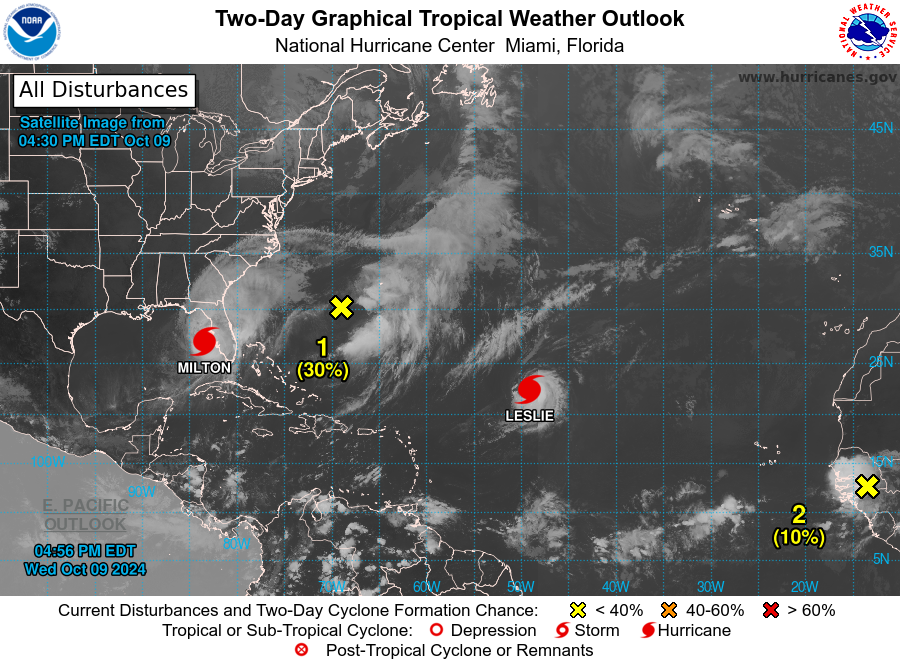
For the North Atlantic...Caribbean Sea and the Gulf of Mexico:

Active Systems: The National Hurricane Center is issuing advisories on Hurricane Leslie, located over the central subtropical Atlantic Ocean, and on Hurricane Milton, located over the southeastern Gulf of Mexico.

1. Southwestern Atlantic (AL93): Showers and thunderstorms associated with a gale-force non-tropical low pressure system located less than 300 miles west-southwest of Bermuda remain disorganized. Environmental conditions are becoming less favorable for tropical or subtropical development today while the low moves northeastward to east-northeastward at around 15 mph. Upper-level winds are expected to become too strong for further development tonight or on Thursday. Additional information on this system, including gale warnings, can be found in High Seas Forecasts issued by the National Weather Service.
* Formation chance through 48 hours...low...30 percent.
* Formation chance through 7 days...low...30 percent.

2. Eastern Tropical Atlantic: A tropical wave is expected to move off the west coast of Africa late tonight or early Thursday. Afterward, environmental conditions appear only marginally favorable for some limited development of this system while it moves westward or west-northwestward across the eastern tropical Atlantic and through the Cabo Verde Islands on Friday.
* Formation chance through 48 hours...low...10 percent.
* Formation chance through 7 days...low...10 percent.

High Seas Forecasts are issued by the National Weather Service under AWIPS header NFDHSFAT1 and WMO header FZNT01 KWBC, and online at ocean.weather.gov/shtml/NFDHSFAT1.php

Forecaster Hagen